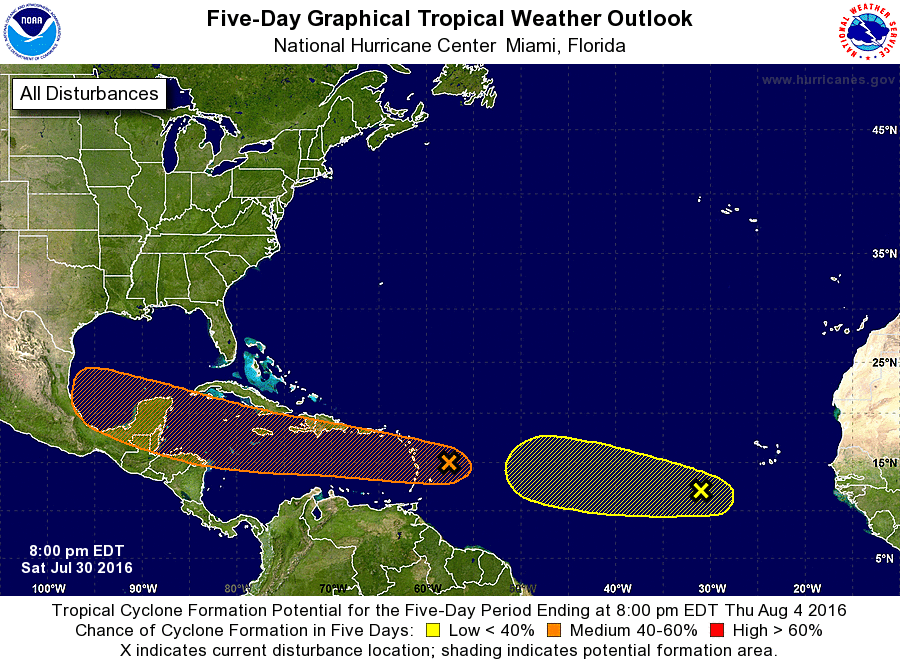
For the North Atlantic...Caribbean Sea and the Gulf of Mexico:

1. A tropical wave is rapidly moving westward toward the Lesser Antilles. Although satellite images show a large and well- organized area of thunderstorms associated with the wave, there are no signs of a surface circulation, and pressures are not falling significantly at this time. This system has the potential for some slow development during the next day or two, but the best chance for tropical cyclone formation is likely to be by the middle of next week, when the wave reaches the western Caribbean Sea. This system is expected to bring locally heavy rains and gusty winds to portions of the Leeward Islands, Virgin Islands, Puerto Rico tonight and Sunday, and then the activity should spread westward across Hispaniola. Interests in these areas should monitor the progress of this disturbance.
* Formation chance through 48 hours...low...30 percent
* Formation chance through 5 days...medium...60 percent

2. Shower and thunderstorm activity associated with a tropical wave and a low pressure system centered about 500 miles southwest of the Cabo Verde islands is poorly organized. This system is moving slowly westward, and development appears to be unlikely due to unfavorable upper-level winds.
* Formation chance through 48 hours...low...10 percent
* Formation chance through 5 days...low...10 percent

Forecaster Avila